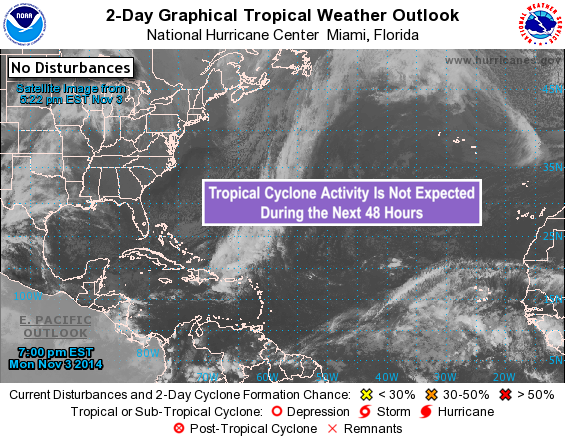
For the North Atlantic...Caribbean Sea and the Gulf of Mexico:

1. An area of low pressure is expected to form to the north of Hispaniola in a couple of days. This system could briefly acquire subtropical characteristics before it moves northward and then northeastward, and merges with a frontal system toward the end of the week.
* Formation chance through 48 hours...low...near 0 percent.
* Formation chance through 5 days...low...10 percent.

Forecaster Roberts